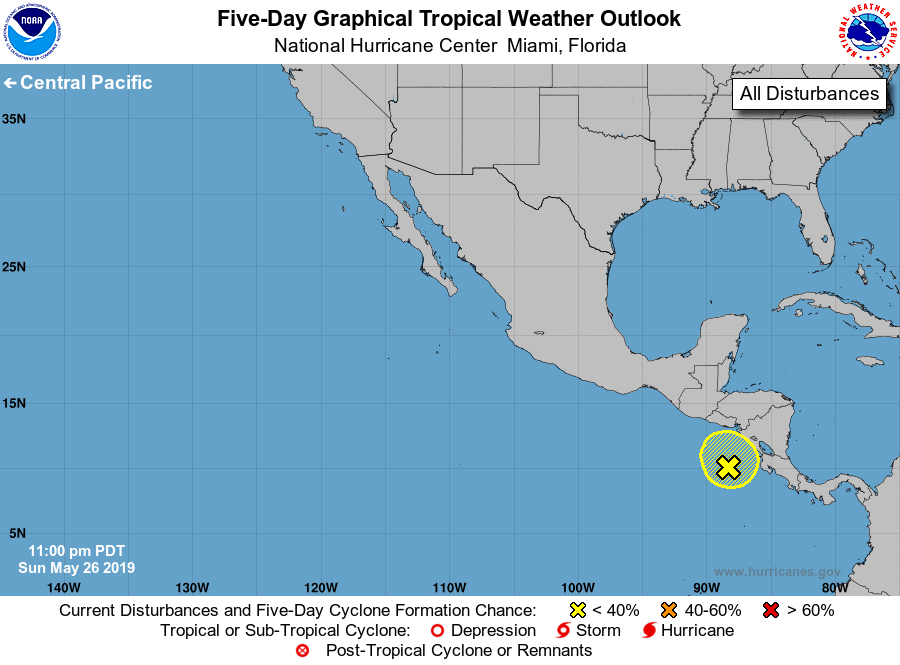
For the eastern North Pacific...east of 140 degrees west longitude:

1. An elongated area of low pressure over the far eastern Pacific is producing disorganized showers and thunderstorms over Central America and the adjacent Pacific waters. Any development of this system during the next several days should be slow to occur due to its proximity to land. Regardless of development, locally heavy rains are likely to continue over portions of Central America through this week while the system remains nearly stationary. These rains could cause flash flooding and mudslides in areas of mountainous terrain.
* Formation chance through 48 hours...low...10 percent.
* Formation chance through 5 days...low...20 percent.

Forecaster Zelinsky